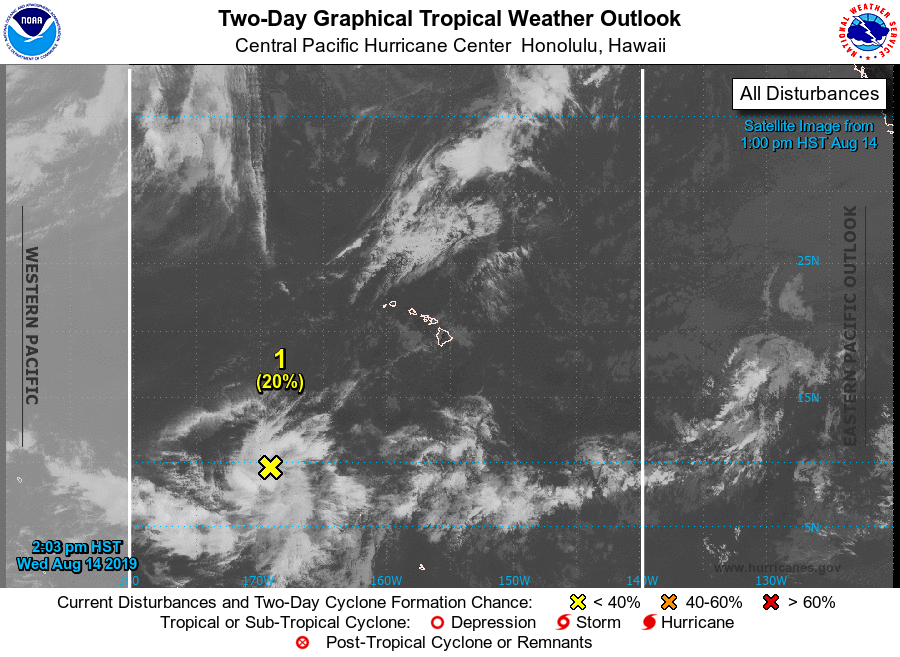
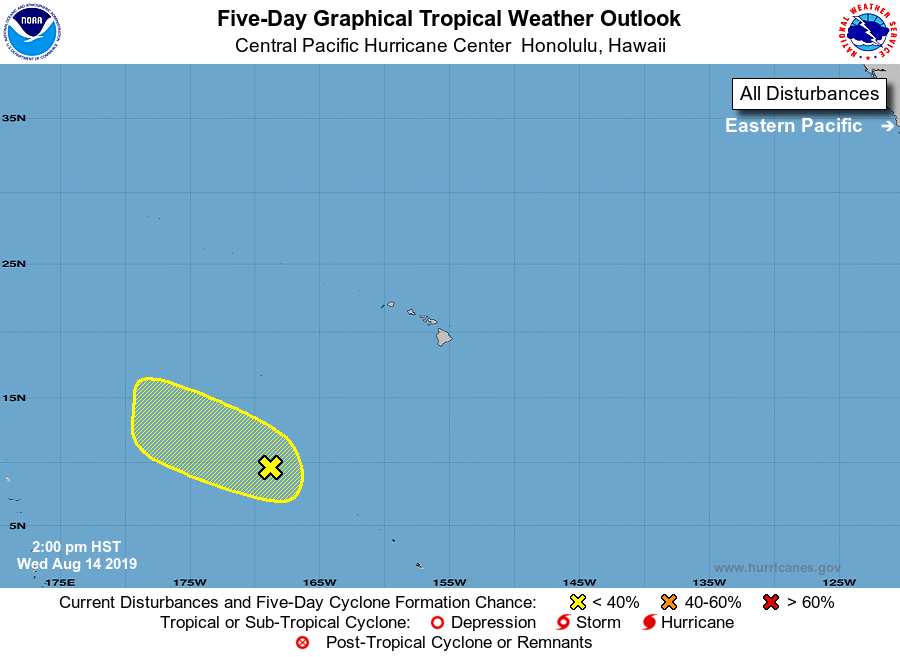
For the central North Pacific...between 140W and 180W:

1. Showers and thunderstorms associated with a trough of low pressure located about 1100 miles southwest of Oahu have remained disorganized over the past 24 hours. Some subsequent development of the system is possible as it moves west northwestward at around 10 mph.
* Formation chance through 48 hours...low...near 20 percent.
* Formation chance through 5 days...low...20 percent.

Elsewhere, no tropical cyclones are expected during the next 5 days.

Forecaster Burke